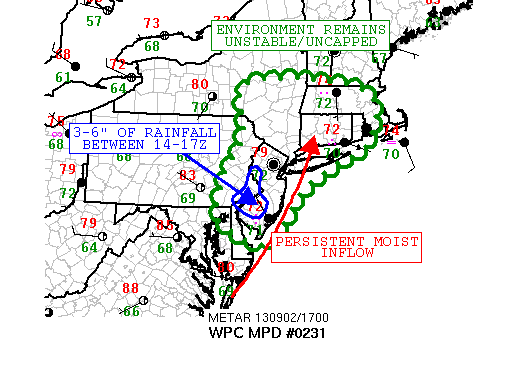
AREAS AFFECTED...EASTERN PA/NJ/EASTERN NY/CT/MA

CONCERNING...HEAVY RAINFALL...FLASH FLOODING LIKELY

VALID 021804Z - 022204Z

SUMMARY...A HIGHLY UNSTABLE AND UNCAPPED THERMODYNAMIC ENVIRONMENT
WILL AID IN FURTHER CONVECTIVE DEVELOPMENT THIS AFTERNOON. THIS
MAY IMPACT AFFECTED AREAS OF PA/NJ/MA WHICH ARE CURRENTLY
EXPERIENCING VERY HEAVY RAINFALL ACCOMPANIED BY POCKETS OF FLASH
FLOODING.

DISCUSSION...THE I-95 CORRIDOR FROM THE PA/DE BORDER NORTHWARD UP
INTO COASTAL NEW ENGLAND WILL REMAIN AN AREA SUSCEPTIBLE TO FLASH
FLOODING THROUGHOUT THE AFTERNOON/EARLY EVENING. 12Z RAOBS
INDICATE THE REGION HAS WELL ABOVE NORMAL PWAT VALUES WHICH RANK
IN THE 90-95TH PERCENTILE FOR EARLY SEPTEMBER. IN SPITE OF THE
VAST CLOUD COVER...MESOSCALE MODELS SUGGEST THE ATMOSPHERE REMAINS
RATHER UNSTABLE WITH NO CAPPING EVIDENT WHICH SHOULD ALLOW
CONVECTION TO SUSTAIN ITSELF/FURTHER DEVELOP DURING THE NEXT
SEVERAL HOURS. ONE AREA OF PARTICULAR CONCERN IS SOUTHEASTERN
PA/WESTERN NJ WHICH HAS SEEN MULTIPLE HOURS OF HEAVY SHOWERS AND
THUNDERSTORMS PERSIST DROPPING SEVERAL INCHES OF RAIN. MESONET
REPORTS SUGGEST RAINFALL RATES NEAR 2 INCHES PER HOUR IN THE
VICINITY OF PHILADELPHIA PA.

AHEAD OF A WELL-DEFINED COLD FRONT MOVING ACROSS THE LOWER GREAT
LAKES...A BROAD WARM/MOIST SECTOR OVER THE UPPER
MID-ATLANTIC/LOWER INTERIOR NEW ENGLAND HAS DEVELOPED. THE VISIBLE
SATELLITE INDICATED A HIGHLY AGITATED CU FIELD WITH NUMEROUS
CONVECTIVE CELLS DEVELOPING WITHIN THE AXIS OF MAXIMUM DIURNAL
HEATING. THE GENERAL EASTWARD MOTION OF THESE STORMS WILL
EVENTUALLY CARRY THEM CLOSER TO THE I-95 CORRIDOR WHERE FFG VALUES
SHOULD SIGNIFICANTLY LOWER GIVEN THE RECENT HEAVY RAINS.
OVERALL...RECENT HIGH-RES MODELS HAVE NOT DONE WELL WITH THE
CURRENT ACTIVITY. HOWEVER...EXPECT RAINFALL RATES NEARING THE 2 TO
3 INCH RANGE PER HOUR GIVEN THE FAVORABLE MOISTURE IN PLACE
COUPLED WITH THE SLOW STORM MOTIONS.